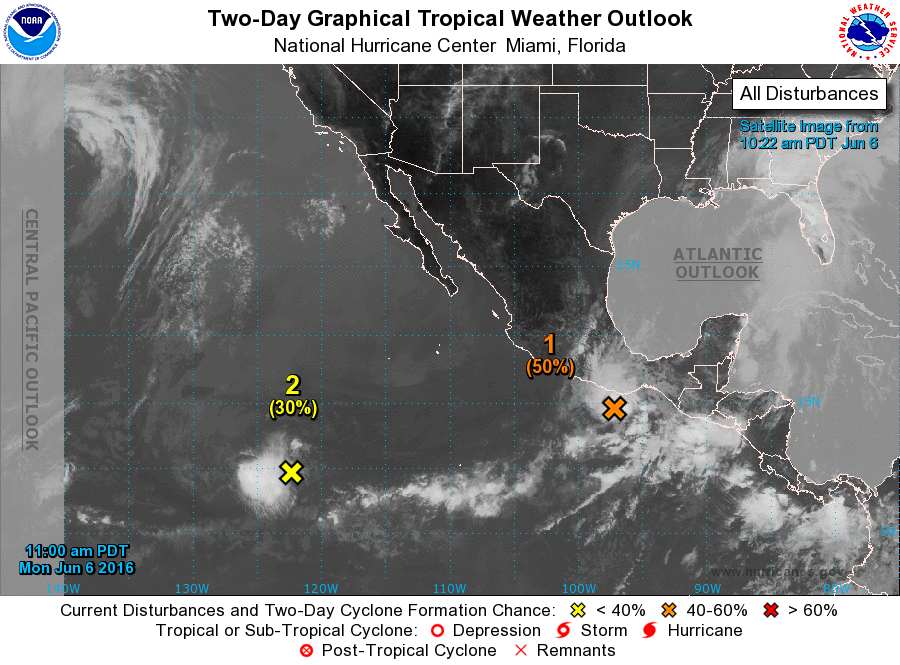
For the eastern North Pacific...east of 140 degrees west longitude:

1. Satellite data indicate that the low pressure system located about 200 miles southeast of Acapulco, Mexico has become better defined during the past several hours. In addition, the associated showers and thunderstorms have increased and become better organized. Additional development of this system is possible, and it could become a tropical depression before it moves near or over the coast of southern Mexico on Tuesday. Regardless of whether or not the system becomes a tropical cyclone, locally heavy rains are likely during the next day or so over portions of southern Mexico and Guatemala.
* Formation chance through 48 hours...medium...50 percent
* Formation chance through 5 days...medium...50 percent

2. The low pressure system located about 1200 miles southwest of the southern tip of the Baja California peninsula continues to move slowly westward. The associated showers and thunderstorms have been persistent to the west of the center, but are not well organized. However, some development of this system is possible during the next day or two before environmental conditions become less conducive.
* Formation chance through 48 hours...low...30 percent
* Formation chance through 5 days...low...30 percent

Forecaster Cangialosi